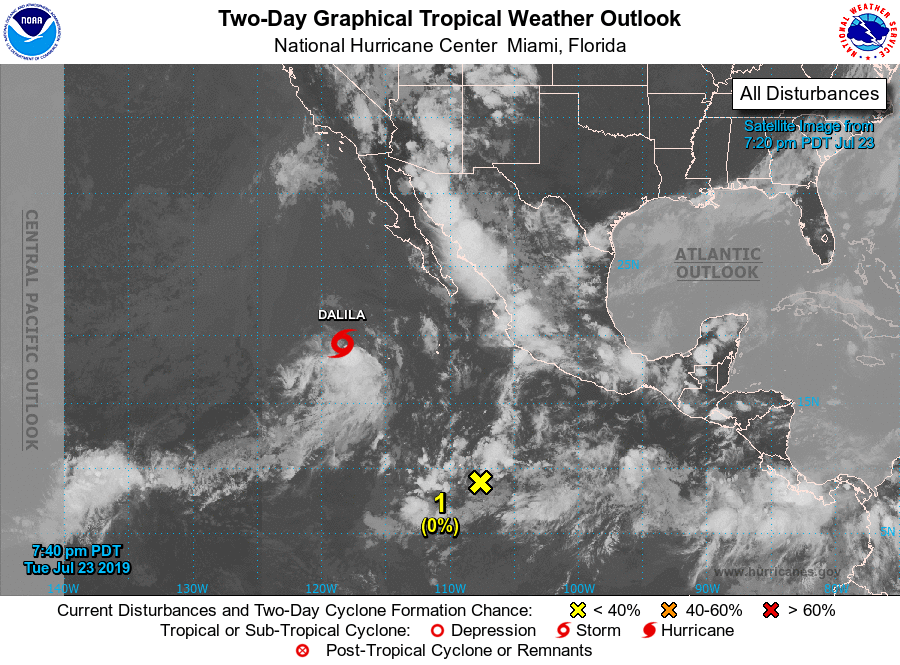
For the eastern North Pacific...east of 140 degrees west longitude:

The National Hurricane Center is issuing advisories on Tropical Storm Dalila, located several hundred miles west-southwest of the southern tip of the Baja California peninsula.

1. A tropical wave located several hundred miles south of the southwestern coast of Mexico continues to produce disorganized showers and cloudiness. Some gradual development of this system is possible later this week while the system moves westward at around 15 mph.
* Formation chance through 48 hours...low...near 0 percent.
* Formation chance through 5 days...low...30 percent.

2. An area of low pressure is expected to form a few hundred miles south of the coast of southern Mexico by the end of the week. Environmental conditions are expected to support gradual development of the system thereafter while it moves generally westward at 15 to 20 mph.
* Formation chance through 48 hours...low...near 0 percent.
* Formation chance through 5 days...low...30 percent.

Forecaster Zelinsky